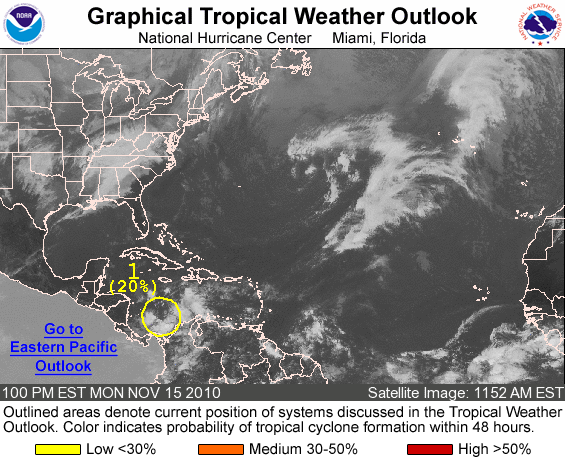
FOR THE NORTH ATLANTIC...CARIBBEAN SEA AND THE GULF OF MEXICO...

1. SHOWERS AND THUNDERSTORMS REMAIN DISORGANIZED IN ASSOCIATION WITH A BROAD AREA OF LOW PRESSURE LOCATED OVER THE SOUTHWESTERN CARIBBEAN SEA. ANY DEVELOPMENT OF THIS SYSTEM SHOULD BE SLOW TO OCCUR AS IT DRIFTS WEST-NORTHWESTWARD OR NORTHWESTWARD DURING THE NEXT COUPLE OF DAYS. THERE IS A LOW CHANCE...20 PERCENT...OF THIS SYSTEM BECOMING A TROPICAL CYCLONE DURING THE NEXT 48 HOURS.

ELSEWHERE...TROPICAL CYCLONE FORMATION IS NOT EXPECTED DURING THE NEXT 48 HOURS.

FORECASTER KIMBERLAIN